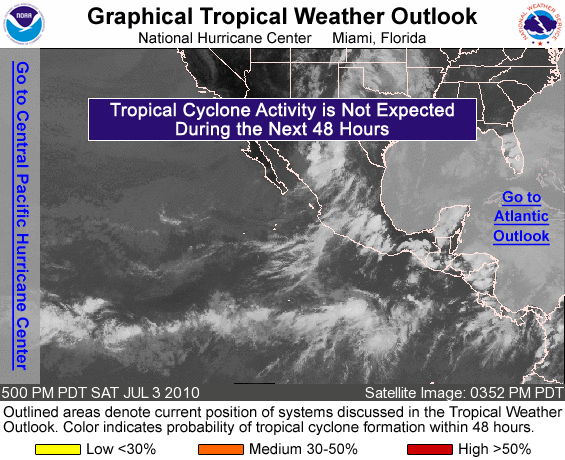
FOR THE EASTERN NORTH PACIFIC...EAST OF 140 DEGREES WEST LONGITUDE..

TROPICAL CYCLONE FORMATION IS NOT EXPECTED DURING THE NEXT 48 HOURS.

FORECASTER STEWART